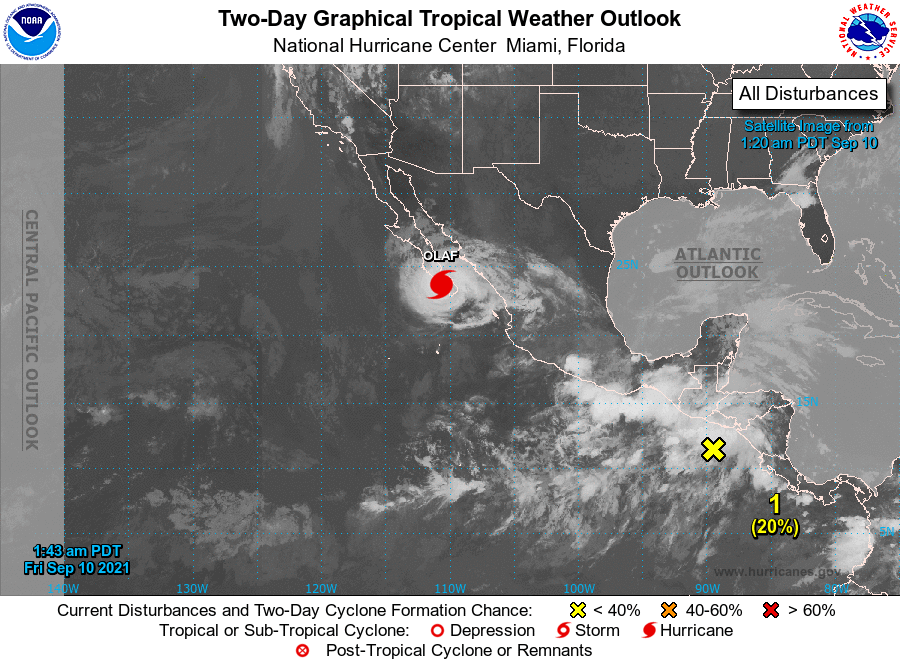
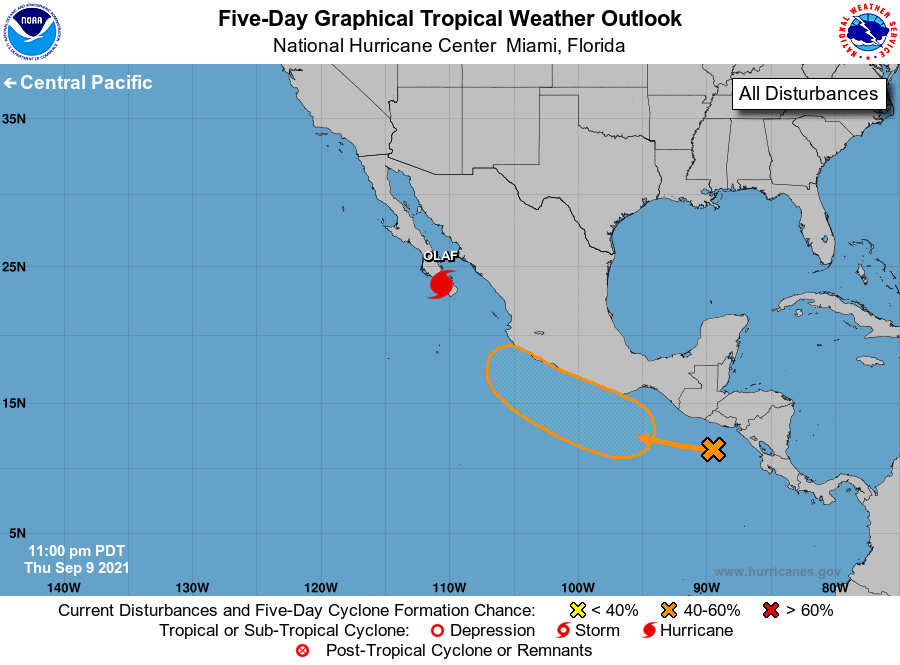
For the eastern North Pacific...east of 140 degrees west longitude:

The National Hurricane Center is issuing advisories on Hurricane Olaf, located over southern Baja California Sur, Mexico.

1. Disorganized showers and thunderstorms near the Pacific coast of Central America and the adjacent waters are associated with the southern portion of a tropical wave. A broad area of low pressure is expected to form along this wave south of the southern coast of Mexico during the next day or two, and the low could then develop further into a tropical depression late this weekend or early next week while it moves west-northwestward or northwestward near the southern and southwestern coasts of Mexico.
* Formation chance through 48 hours...low...20 percent.
* Formation chance through 5 days...medium...60 percent.

Forecaster Berg